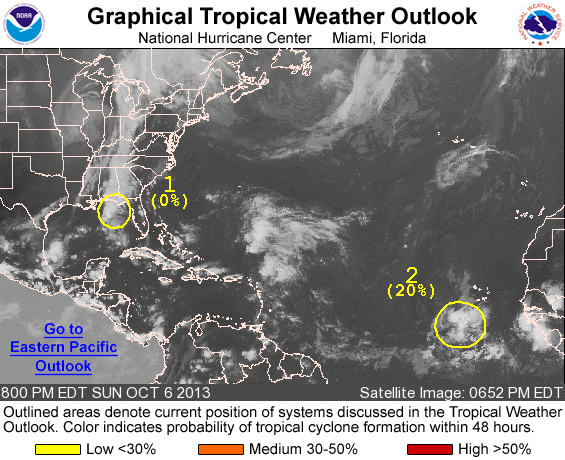
FOR THE NORTH ATLANTIC...CARIBBEAN SEA AND THE GULF OF MEXICO...

1. AN ELONGATED AREA OF SHOWERS AND THUNDERSTORMS...THE REMNANTS OF KAREN...IS LOCATED OVER SOUTHEASTERN ALABAMA...THE WESTERN FLORIDA PANHANDLE...AND EXTENDS SOUTHWARD OVER THE WATERS OF THE NORTH-CENTRAL GULF OF MEXICO. THIS DISTURBANCE IS MOVING EASTWARD AT ABOUT 15 MPH AND ENVIRONMENTAL CONDITIONS ARE EXPECTED TO BE UNFAVORABLE FOR REDEVELOPMENT OF A TROPICAL CYCLONE BEFORE THE DISTURBANCE MERGES WITH A FRONTAL SYSTEM ON MONDAY. THIS SYSTEM HAS A LOW CHANCE...NEAR 0 PERCENT...OF BECOMING A TROPICAL CYCLONE DURING THE NEXT 48 HOURS...AND A LOW CHANCE...NEAR 0 PERCENT...OF BECOMING A TROPICAL CYCLONE DURING THE NEXT 5 DAYS. ADDITIONAL INFORMATION ON THE REMNANTS OF KAREN CAN BE FOUND IN HIGH SEAS FORECASTS ISSUED BY THE NATIONAL WEATHER SERVICE.

2. SHOWERS AND THUNDERSTORMS HAVE INCREASED AND BECOME A LITTLE MORE CONCENTRATED IN ASSOCIATION WITH A TROPICAL WAVE LOCATED ABOUT 400 MILES SOUTHWEST OF THE CAPE VERDE ISLANDS. SOME GRADUAL DEVELOPMENT OF THIS DISTURBANCE IS POSSIBLE BEFORE ENVIRONMENTAL CONDITIONS BECOME LESS CONDUCIVE LATER THIS WEEK. THIS SYSTEM HAS A LOW CHANCE...20 PERCENT...OF BECOMING A TROPICAL CYCLONE DURING THE NEXT 48 HOURS...AND A MEDIUM CHANCE...40 PERCENT...OF BECOMING A TROPICAL CYCLONE DURING THE NEXT 5 DAYS AS IT MOVES GENERALLY WEST-NORTHWESTWARD AT 10 TO 15 MPH.

HIGH SEAS FORECASTS ISSUED BY THE NATIONAL WEATHER SERVICE CAN BE FOUND UNDER AWIPS HEADER NFDHSFAT1 AND WMO HEADER FZNT01 KWBC.

FIVE-DAY FORMATION PROBABILITIES ARE EXPERIMENTAL IN 2013. COMMENTS ON THE EXPERIMENTAL FORECASTS CAN BE PROVIDED AT...

HTTP://WWW.NWS.NOAA.GOV/SURVEY/NWS-SURVEY.PHP?CODE=ETWO

FORECASTER STEWART